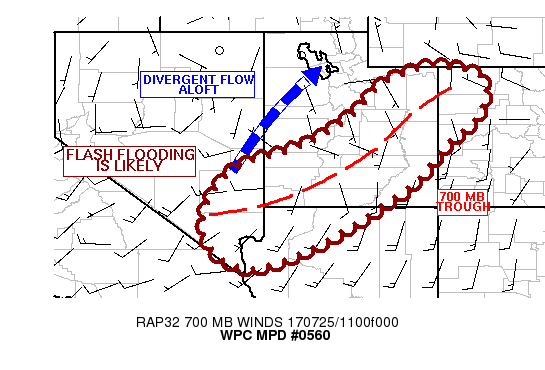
AREAS AFFECTED...SOUTHEAST NV...NORTHWEST AZ...UT...NORTHWEST CO

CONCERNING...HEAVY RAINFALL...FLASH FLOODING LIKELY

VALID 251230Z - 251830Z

SUMMARY...SLOW-MOVING SHOWERS AND THUNDERSTORMS WITH VERY HEAVY
RAINFALL WILL CONTINUE THROUGH THE MORNING HOURS. FLASH FLOODING
IS LIKELY.

DISCUSSION...THE LATEST EXPERIMENTAL GOES-16 10.3 MICRON/IR DATA
SHOWS A RATHER CONCENTRATED AND PERSISTENT AREA OF COLD-TOPPED
CONVECTION OVER ESPECIALLY SOUTHEAST NV...FAR NORTHWEST AZ AND
SOUTHWEST UT IN ASSOCIATION WITH A CLASSIC MONSOON SET-UP FOR
HEAVY RAINFALL. MORE SCATTERED AND DISORGANIZED CONVECTION IS
NOTED FARTHER OFF TO THE NORTHEAST ACROSS ADJACENT AREAS OF
CENTRAL/EASTERN UT AND INTO FAR NORTHWEST CO. THE CONVECTION IS
FOCUSING IN VICINITY OF A 700 MB TROUGH AXIS WHICH IS ENHANCING
CONVERGENT FLOW WITHIN A MODESTLY UNSTABLE AND VERY MOIST COLUMN.

PWATS THIS MORNING REMAIN HIGHLY ANOMALOUS ACROSS THE
REGION...WITH VALUES OVER SOUTHEAST NV...NORTHWEST AZ AND
SOUTHWEST UT OF 1.7 TO 2.0 INCHES. THESE ARE AGAIN A SOLID 3+
STANDARD DEVIATIONS ABOVE NORMAL AND THE DEPTH OF THE MOIST COLUMN
IS CONFIRMED BY A 09Z CIRA-LPW DATA PLOT WHICH SHOWS A SUBSTANTIAL
AMOUNT OF TROPICAL MOISTURE GETTING PULLED NORTH IN BETWEEN AN
UPPER LOW/TROUGH OVER CENTRAL/NORTHERN CA AND THE WESTERN
PERIPHERY OF THE SUBTROPICAL RIDGE OVER THE SOUTHERN HIGH PLAINS.
THE RESULT CONTINUES TO BE CONVECTIVE ELEMENTS IN AN ENVIRONMENT
CONDUCIVE TO EXTREMELY HEAVY RAINFALL RATES...AND ESPECIALLY WITH
LOCALIZED OROGRAPHICS/UPSLOPE FLOW OVER THE HIGH TERRAIN.

THE SW/NE ORIENTED LOW TO MID LEVEL TROUGH AXIS IS FORECAST TO
GRADUALLY SHIFT EAST THROUGH MIDDAY...WHICH MAY ALLOW FOR THE
CONVECTION OVER SOUTHEAST NV AND NORTHWEST AZ TO SHIFT A BIT
FARTHER EAST AND PERHAPS SOUTHEAST WHERE SOMEWHAT BETTER
INSTABILITY IS EXPECTED TO BE FOCUSED.

ADDITIONAL RAINFALL AMOUNTS THROUGH 18Z OF 2 TO 3 INCHES...WITH
ISOLATED AMOUNTS PERHAPS UP TO 4 INCHES WILL BE POSSIBLE OVER FAR
SOUTHEAST NV...NORTHWEST AZ AND FAR SOUTHWEST UT.
HOWEVER...POCKETS OF HEAVY RAINFALL WITH AS MUCH AS 1 TO 3 INCHES
WILL BE EXPECTED FARTHER NORTHEAST UP ALONG THE TROUGH AXIS ACROSS
AREAS OF CENTRAL/EASTERN NM AND NORTHWEST CO. GIVEN THE RECENT
HEAVY RAINFALL AND THE ADDITIONAL AMOUNTS FORECAST THIS
MORNING...FLASH FLOODING IS LIKELY.